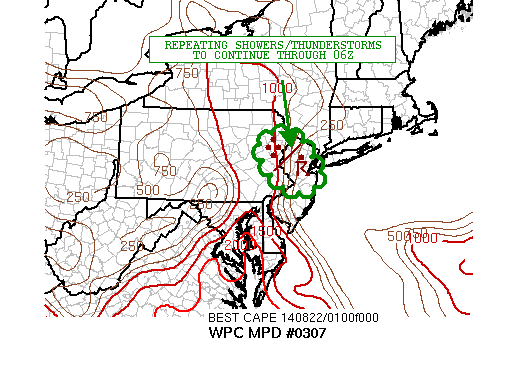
AREAS AFFECTED...EASTERN PA...CENTRAL AND NORTHERN NJ

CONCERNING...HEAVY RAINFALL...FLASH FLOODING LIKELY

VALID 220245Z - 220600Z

SUMMARY...REPEATING SHOWERS AND THUNDERSTORMS SHOULD CONTINUE THE
NEXT FEW HOURS AND WILL FOSTER A CONCERN FOR FLASH FLOODING.

DISCUSSION...THE LATEST WV IMAGERY SHOWS A COMPACT UPR LOW
DROPPING SEWD ACROSS NY ATTM...AND IS PROVIDING A DYNAMICALLY
FAVORABLE ENVIRONMENT FOR CONVECTION DESPITE MODEST INSTABILITY
PROFILES.

IR SAT IMAGERY INDICATES REPEATING CLUSTERS OF WARM-TOPPED
CONVECTION OVER NERN PA AND SWD DOWN ALONG THE PA/NJ BORDER. GIVEN
HOW DIV THE FLOW ALOFT IS AND WITH SOME UPSLOPE FLOW COMPONENT
OVER THE HIGHER TERRAIN...IT APPEARS LIKELY THAT THE ONGOING
CONVECTION WILL BE ABLE TO PERSIST AND UTILIZE THE MODEST AMT OF
INSTABILITY THAT IS IN PLACE.

CONVECTION SHOULD CONTINUE TO FOCUS IN PARTICULAR OVER THE POCONOS
AND ADJACENT FOOTHILLS THROUGH AT LEAST ABOUT 06Z. THE ACTIVITY
WILL LIKELY TEND TO DEVELOP A BIT FARTHER SOUTH DOWN ALONG THE
EXISTING INSTABILITY GRADIENT. THERE IS A MARINE LAYER THAT HAS
PUSHED WEST IN OFF THE ATLANTIC OCEAN OVER A LARGE PORTION OF NJ
AND SO THE CONVECTION WILL LIKELY HAVE A VERY DIFFICULT TIME
SUSTAINING ITSELF TOO FAR EAST THROUGH NJ...BUT GIVEN HOW STRONG
THE DYNAMICS ALOFT ARE...SOME WEAKER CELLS ARE LIKELY TO MOVE SEWD.

RAINFALL RATES OF 1 TO 2 INCHES/HR ARE EXPECTED TO PERSIST WITH
LOCALLY HIGHER AMTS OVER HIGHER TERRAIN. GIVEN THE REPEATING
NATURE...FLASH FLOODING IS LIKELY AT LEAST LOCALLY.